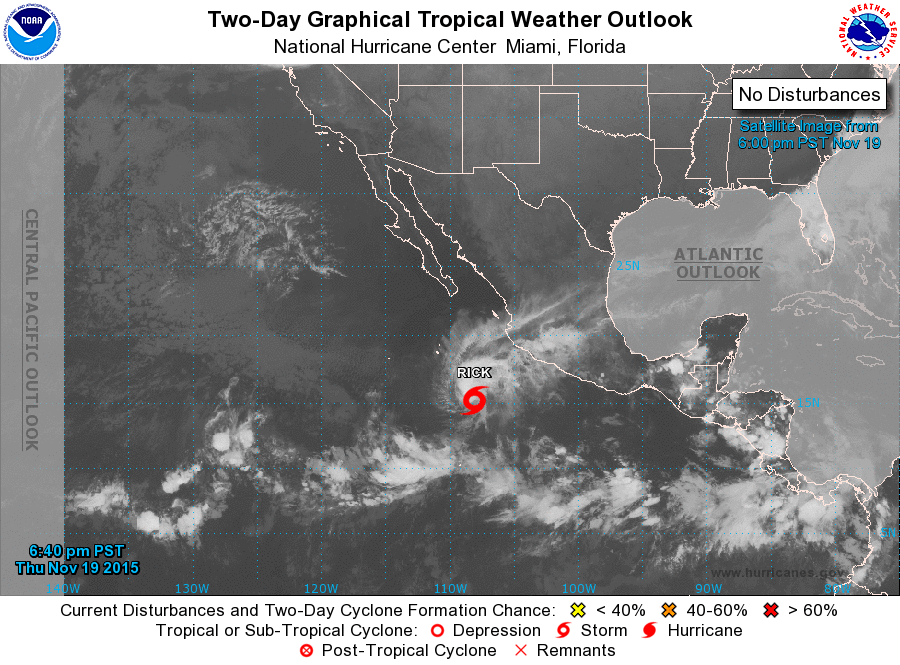
For the eastern North Pacific...east of 140 degrees west longitude:

The National Hurricane Center is issuing advisories on Tropical Storm Rick, located a few hundred miles south-southwest of Manzanillo, Mexico.

1. An area of low pressure is forecast to develop several hundred miles south or southwest of the Gulf of Tehuantepec late this weekend or early next week. Environmental conditions could become favorable for tropical cyclone formation by early next week while the low moves westward to west-northwestward at 10 to 15 mph.
* Formation chance through 48 hours...low...near 0 percent
* Formation chance through 5 days...low...30 percent

Forecaster Avila